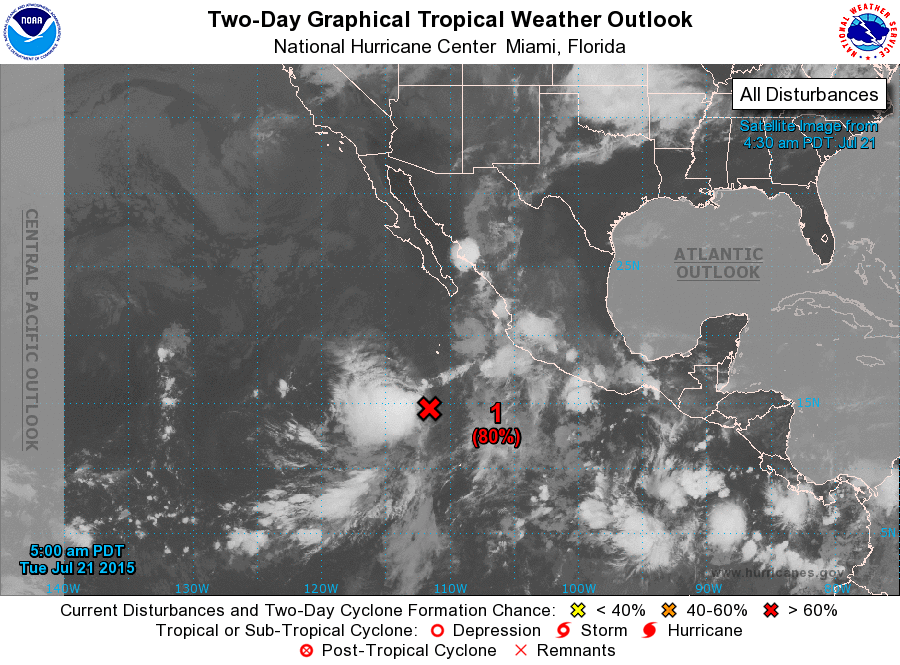
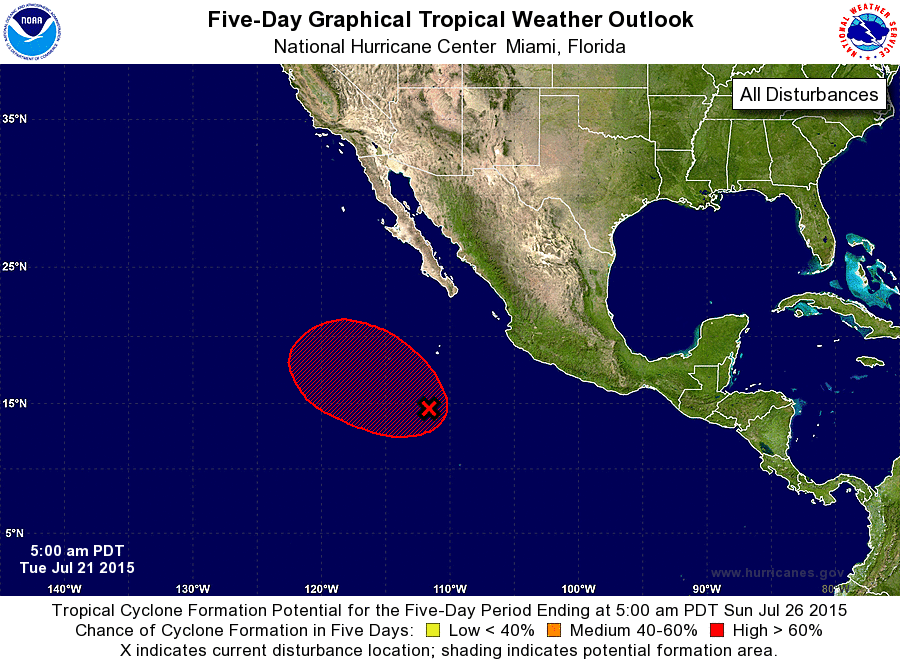
For the eastern North Pacific...east of 140 degrees west longitude:

1. Showers and thunderstorms continue in association with a broad area of low pressure located about 600 miles south-southwest of the southern tip of the Baja California peninsula. Upper-level winds that have been inhibiting development are forecast to decrease and become more conducive for tropical cyclone formation during the next day or so. This system is expected to become a tropical depression by mid-week while it moves west-northwestward to northwestward at 10 to 15 mph.
* Formation chance through 48 hours...high...80 percent
* Formation chance through 5 days...high...90 percent

Forecaster Beven